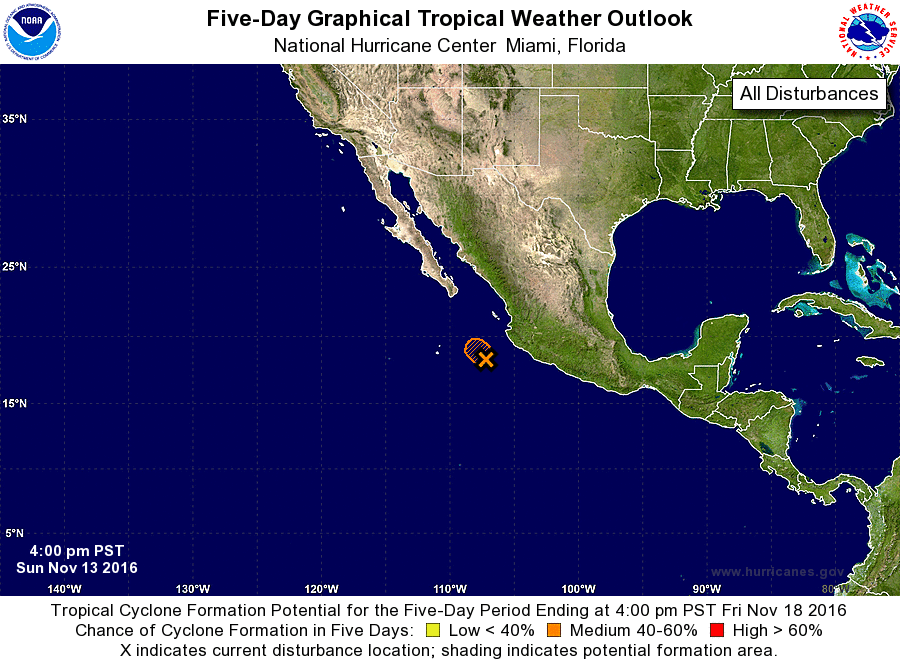
For the eastern North Pacific...east of 140 degrees west longitude:

1. Showers and thunderstorms have increased closer to the center of the low pressure system located about 180 miles west-southwest of Manzanillo, Mexico. If this trend continues, advisories would be initiated on this system later this evening as a tropical cyclone. Regardless of tropical cyclone formation, this disturbance is expected to produce total rainfall amounts of 3 to 6 inches over portions of Colima and western Jalisco in Mexico through Monday.
* Formation chance through 48 hours...medium...60 percent
* Formation chance through 5 days...medium...60 percent

Forecaster Kimberlain